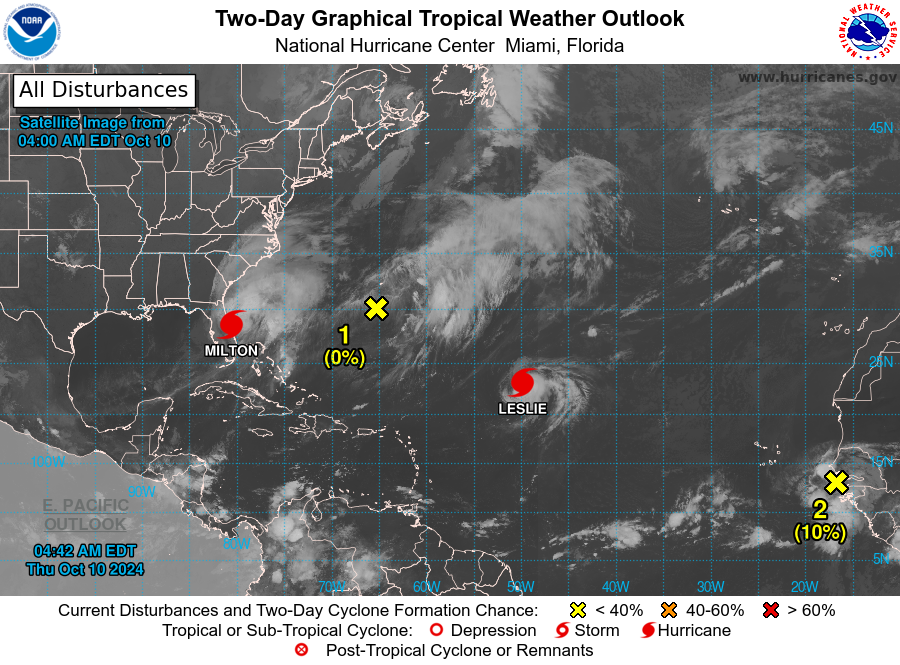
For the North Atlantic...Caribbean Sea and the Gulf of Mexico:

Active Systems: The National Hurricane Center is issuing advisories on Hurricane Leslie, located over the central subtropical Atlantic Ocean, and on Hurricane Milton, located over central Florida.

1. Southwestern Atlantic (AL93): Showers and thunderstorms associated with a gale-force low pressure system located a few hundred miles south of Bermuda remain disorganized. Environmental conditions are no longer conducive for further development while the system moves east-northeastward, passing to the south of Bermuda today. Additional information on this system, including gale warnings, can be found in High Seas Forecasts issued by the National Weather Service.
* Formation chance through 48 hours...low...near 0 percent.
* Formation chance through 7 days...low...near 0 percent.

2. Eastern Tropical Atlantic: Disorganized showers and thunderstorms are associated with a tropical wave located over the west coast of Africa. Environmental conditions appear marginal for limited development of this system while it moves westward or west-northwestward across the eastern tropical Atlantic and through the Cabo Verde Islands on Friday.
* Formation chance through 48 hours...low...10 percent.
* Formation chance through 7 days...low...10 percent.

High Seas Forecasts are issued by the National Weather Service under AWIPS header NFDHSFAT1 and WMO header FZNT01 KWBC, and online at ocean.weather.gov/shtml/NFDHSFAT1.php

Forecaster Bucci/Sardi